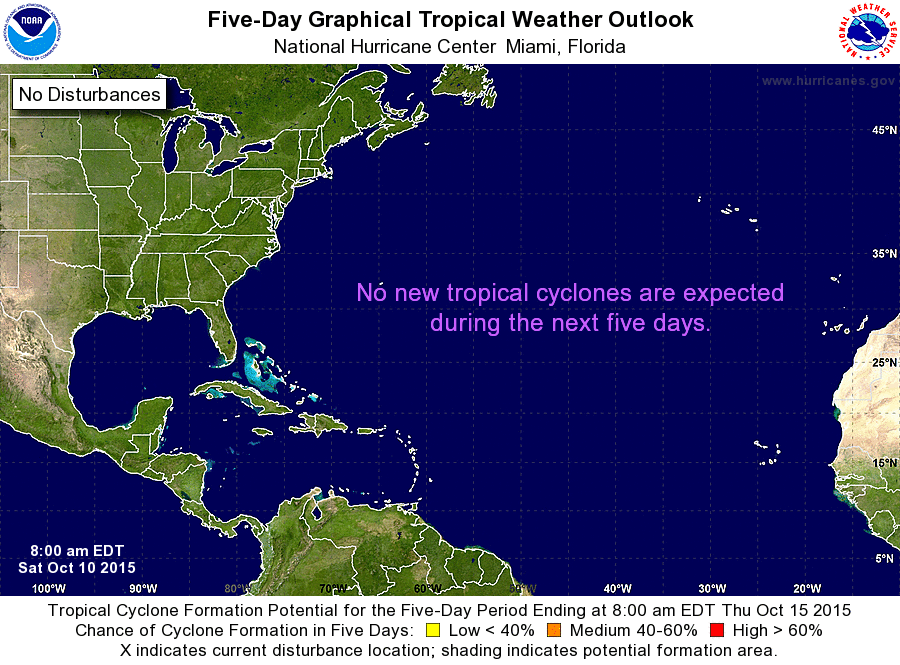
For the North Atlantic...Caribbean Sea and the Gulf of Mexico:

Tropical cyclone formation is not expected during the next 5 days.

Forecaster Avila